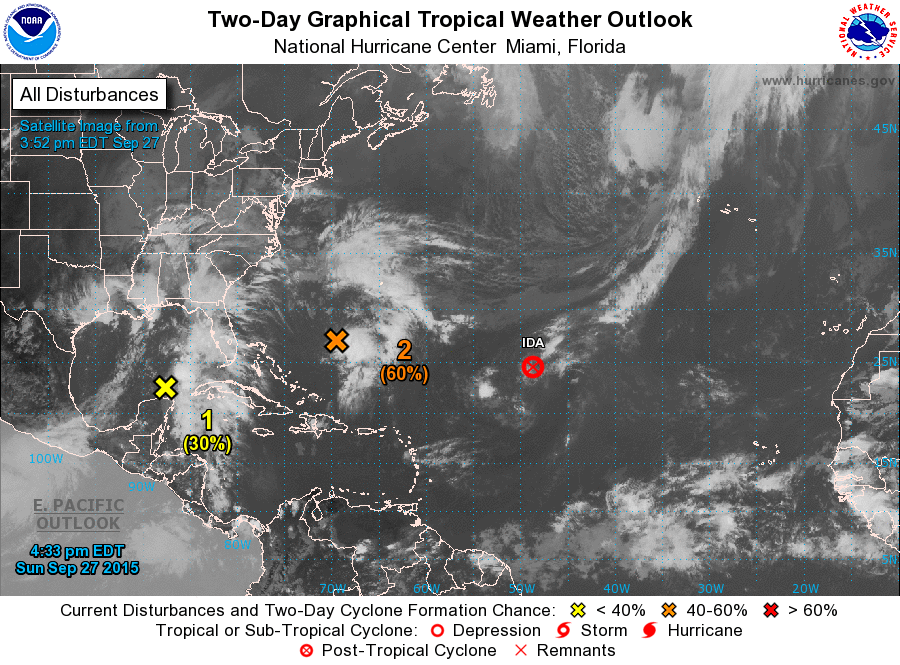
For the North Atlantic...Caribbean Sea and the Gulf of Mexico:

The National Hurricane Center is issuing advisories on Tropical Depression Ida, located a little more than 1000 miles east-northeast of the northern Leeward Islands.

1. An area of low pressure is located over the southern Gulf of Mexico just north of the Yucatan Peninsula. This system and a broad trough of low pressure over the western Gulf of Mexico are producing a large area of disorganized showers and thunderstorms extending from the northwestern Caribbean Sea northward over the eastern Gulf of Mexico. Upper-level winds are expected to be only marginally conducive for development while this system moves northward toward the northern Gulf Coast during the next couple of days. Regardless of tropical cyclone formation, this disturbance is likely to produce locally heavy rainfall over portions of the northern Gulf Coast and southeastern United States during the next few days. The Air Force Reserve reconnaissance aircraft that was scheduled for today was canceled, but another mission is scheduled for tomorrow, if necessary. For additional information on this system, see High Seas Forecasts issued by the National Weather Service and products from your local National Weather Service office.
* Formation chance through 48 hours...low...30 percent
* Formation chance through 5 days...low...30 percent

2. Showers and thunderstorms have become better organized since yesterday in association with an elongated area of low pressure located about midway between the central Bahamas and Bermuda. Additional slow development of this system is likely during the next day or two while it moves toward the northwest at 5 to 10 mph. After that time, development is not expected due to unfavorable upper-level winds. For more information on this system, see High Seas Forecasts issued by the National Weather Service.
* Formation chance through 48 hours...medium...60 percent
* Formation chance through 5 days...medium...60 percent

High Seas Forecasts issued by the National Weather Service can be found under AWIPS header NFDHSFAT1, WMO header FZNT01 KWBC, and on the Web at http://www.opc.ncep.noaa.gov/shtml/NFDHSFAT1.shtml.

Forecaster Cangialosi